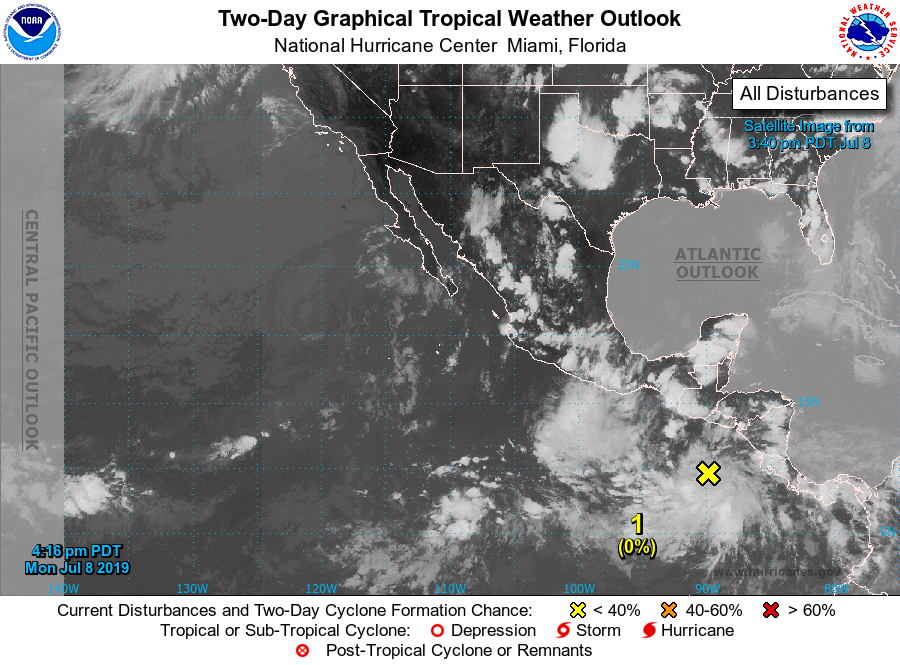
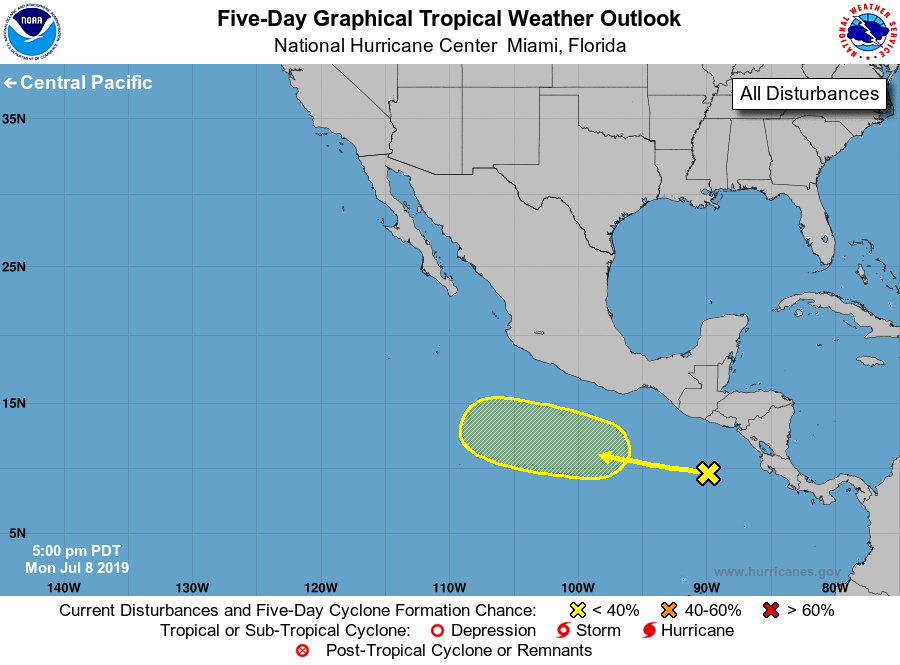
For the eastern North Pacific...east of 140 degrees west longitude:

1. A tropical wave is producing disorganized shower activity several hundred miles south of the coasts of El Salvador and Guatemala. Development, if any, of this system should be slow to occur during the next few days while it moves westward to west-northwestward.
* Formation chance through 48 hours...low...near 0 percent.
* Formation chance through 5 days...low...20 percent.

Forecaster Cangialosi